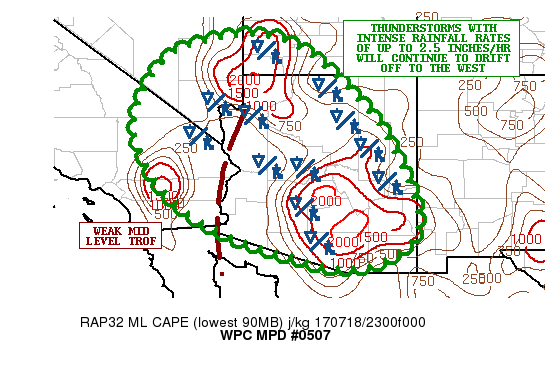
AREAS AFFECTED...SOUTHEAST CA...CENTRAL/WESTERN AZ...SOUTHERN
NV...SOUTHWEST UT

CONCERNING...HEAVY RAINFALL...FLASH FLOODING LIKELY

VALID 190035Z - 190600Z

SUMMARY...SHOWERS AND THUNDERSTORMS WILL CONTINUE OVER THE NEXT
SEVERAL HOURS...WITH A GRADUAL WEAKENING TOWARD LATE EVENING.
HOWEVER...ADDITIONAL AREAS OF FLASH FLOODING ARE EXPECTED UNTIL
THEN.

DISCUSSION...NUMEROUS COLD-TOPPED SHOWERS AND THUNDERSTORMS
CONTINUE TO IMPACT A LARGE AREA OF AZ LATE THIS AFTERNOON...WITH
THE ACTIVITY MORE SCATTERED OVER SOUTHWEST UT...FAR SOUTHEAST NV
AND ALSO RECENTLY OVER PARTS OF SOUTHEAST CA.

THE ENVIRONMENT CONTINUES TO REMAIN VERY MOIST AND UNSTABLE WITH
PWATS AS HIGH AS 2.0 INCHES OVER SOUTHERN AZ AND ALSO NOW
EXTENDING WEST OVER INTO ADJACENT AREAS OF SOUTHEAST CA AS DENOTED
BY EXPERIMENTAL GOES-16 AND CIRA-LPW TPW DATA PRODUCTS. THIS IS
HIGHLY ANOMALOUS WITH THESE PWATS RUNNING 2.5 TO 3 STANDARD
DEVIATIONS ABOVE NORMAL. MEANWHILE...AS MUCH AS 2000 TO 2500 J/KG
OF MLCAPE IS IN PLACE LOCALLY...WHICH IS PROMOTING A MODERATE TO
STRONG LEVEL OF UNCAPPED INSTABILITY. THE COMBINATION OF THE TWO
CONTINUE TO FOSTER EXTREMELY HEAVY RAINFALL RATES THAT ARE LOCALLY
REACHING UP TO 2.5 INCHES/HR OR GREATER.

CONVECTION HAS CONTINUED TO EXPAND IN COVERAGE OVER THE LAST
COUPLE OF HOURS AND ASIDE FROM THE HIGHLY FAVORABLE THERMODYNAMICS
ENVIRONMENT...THERE IS ALSO PROXIMITY OF A WEAK WESTWARD MOVING
MID LEVEL TROUGH AXIS IN VICINITY OF THE CA/AZ BORDER. OROGRAPHIC
FORCING/UPSLOPE FLOW IS ALSO LOCALLY ENHANCING THE CONVECTIVE
DEVELOPMENT AND ALSO ENHANCING RAINFALL RATES FURTHER.

THE THUNDERSTORM ACTIVITY WILL CONTINUE TO PROPAGATE GRADUALLY
WEST AND WILL BECOME A BIT MORE FOCUSED OVER PARTS OF SOUTHEAST NV
AND SOUTHEAST CA OVER THE NEXT FEW HOURS. MEANWHILE...ADDITIONAL
ROUNDS OF THUNDERSTORMS WILL BE IMPACTING THE MOGOLLON RIM AREA
AND ADJACENT AREAS OF CENTRAL/WESTERN AZ. HOWEVER...AS THE
DIURNALLY DRIVEN INSTABILITY IS GRADUALLY EXHAUSTED THROUGH THE
EVENING HOURS...EXPECT THE CONVECTION TO BEGIN TO WEAKEN BY LATE
EVENING.

EXPECT RAINFALL AMOUNTS FOR THIS PERIOD AGAIN TO BE AS MUCH AS 3
TO 4 INCHES WITH ISOLATED HEAVIER AMOUNTS...AND THIS WILL LIKELY
RESULT IN FLASH FLOODING OF AREA DRY WASHES/ARROYOS AND WILL
RESULT IN ENHANCED RUNOFF/FLASH FLOODING CONCERNS INVOLVING HIGHER
TERRAIN AND ADJACENT CANYONS.